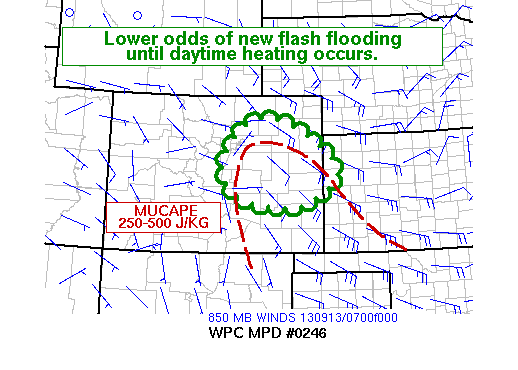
AREAS AFFECTED...ERN CO...NW KS

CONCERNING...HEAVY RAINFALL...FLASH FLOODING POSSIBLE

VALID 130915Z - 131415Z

SUMMARY...WHILE HISTORIC FLOODING WAS STILL ONGOING...THE THREAT
OF ADDITIONAL HEAVY RAINFALL WILL BE AT A MINIMUM THROUGH THE REST
OF THE EARLY MORNING HOURS. THE GREATEST CHANCE FOR HEAVY RAIN
WILL BE ALONG THE PALMER DIVIDE.

DISCUSSION...LOOPING THE REGIONAL RADAR MOSAIC AND CONSIDERING
LATEST MESOSCALE GUIDANCE IT WOULD APPEAR THAT A REGION OF
ENHANCED WARM ADVECTION WAS MIGRATING NORTHWARD THROUGH CO AND FAR
WRN KS. SINCE 06Z...RAIN HAD BEEN HEAVIEST WHERE THIS WARM
ADVECTION COINCIDED WITH AN AXIS OF WEAK INSTABILITY OVER THE
EASTERN PLAINS OF COLORADO TO THE SOUTH OF INTERSTATE 70. DEEPER
CONVECTIVE CELLS WERE PARTICULARLY FOCUSED IN LINCOLN
COUNTY...LIKELY OWING TO ADDITIONAL ENHANCEMENT OF THE LOW LEVEL
UPSLOPE FLOW BY THE SOUTH-FACING SLOPE OF THE PALMER DIVIDE.

AT THE SAME TIME...RAIN RATES HAD DWINDLED WITHIN THE NOW
STRATIFORM PRECIPITATION ARCHING FROM NW KS TO NRN CO...AND WITHIN
THE SHOWERY PRECIPITATION ALONG THE ROCKIES FRONT RANGE. AT
09Z...RECENT RADAR ESTIMATES WERE OF A FEW TENTHS OF AN INCH PER
HOUR IN MOST OF THE ACTIVITY...WITH PERHAPS A HALF INCH PER HOUR
IN THE HEAVIER CELLS ALONG THE PALMER DIVIDE.

WHILE THE AXIS OF WARM ADVECTION AND ASSOCIATED ASCENT WILL
CONTINUE TO LIFT TOWARD FAR NE CO... THE INSTABILITY AXIS WILL BE
LEFT BEHIND...WITH THE HRRR PREDICTING NO MORE THAN 250 J/KG
NEAR-SFC BASED CAPE NORTH OF I-70 BY 15Z. IT APPEARS UNLIKELY IN
THIS SCENARIO THAT HEAVY RAIN WOULD DEVELOP AS FAR NORTH AS THE
CO/NE/WY BORDERS...AS WAS SUGGESTED BY EARLIER HI-RES GUIDANCE.
THE 00Z GUIDANCE SUITE DID SHIFT SOUTHWARD...AND IT APPEARS THE
ONLY PLACE LEFT WITH ANY APPRECIABLE BOUYANCY WILL BE EAST-CENTRAL
CO THROUGH 15Z. 05Z HRRR REFLECTIVITY/QPF SUPPORTS THIS NOTION.

THUNDERSTORMS WITH HEAVY RAIN WILL CERTAINLY BE POSSIBLE LATER
TODAY OVER A BROADER AREA. EVENTS THIS
AFTERNOON...HOWEVER...SHOULD BE MORE TYPICAL...WITH INCREASED
WESTERLY COMPONENT TO MID LEVEL FLOW YIELDING DEEPER...MORE
CLASSIC LOOKING UPDRAFTS WITH MOTIONS TOWARD THE E AND NE...AND
LESS CHANCE OF LONG DURATION TRAINING.